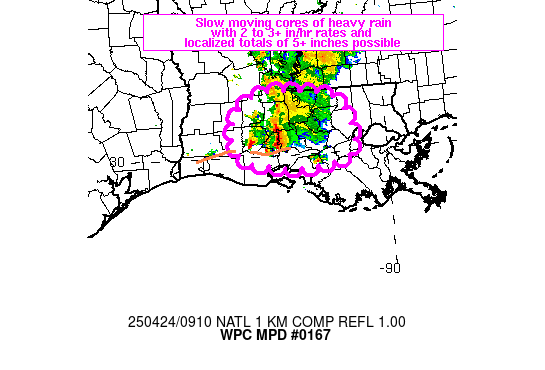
Areas affected...south-central LA

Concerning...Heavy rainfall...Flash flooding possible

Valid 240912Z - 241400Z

Summary...Slow moving showers and thunderstorms will pose an
isolated flash flood threat to portions of south-central LA over
the next 3-5 hours. Slow cell movement with potential for 2 to 3+
in/hr rates will exist.

Discussion...Local radar imagery from KPOE and neighboring sites
showed a relatively small and largely warm-topped cluster of
showers and thunderstorms over south-central LA at 09Z. Rainfall
over the past few hours over LA has produced an outflow boundary
which extended 20-30 miles south of and roughly parallel to I-10
from near Lake Charles to near Abbeville. Modest low level flow
atop this boundary and low level speed convergence (seen via VAD
wind plots at 925 mb and 850 mb) appeared to be contributing
factors in the location of the cluster of heavy rain, factors not
being modeled well by recent RAP runs. Enhanced divergence within
the left-exit region of an upper level jet max over south-central
TX into the western Gulf was also possibly aiding with lift across
the region.

While this cluster has been in place for several hours in some
form, there are growing concerns for slowing of cell movement
given recent radar trends. Continued overrunning of the
rain-cooled boundary is expected to continue over the next 3-5
hours with components of slow moving/backbuilding/training
allowing for localized heavy rainfall to continue across
south-central LA. The environment is forecast to remain mostly
unchanged over the next 2-3 hours and additional potential for 2
to 3+ in/hr rainfall rates will remain along with localized storm
totals over 5 inches possible in a relatively short period of
time. These high rainfall rates will be most concerning with any
overlap of urban or other areas with poor drainage.